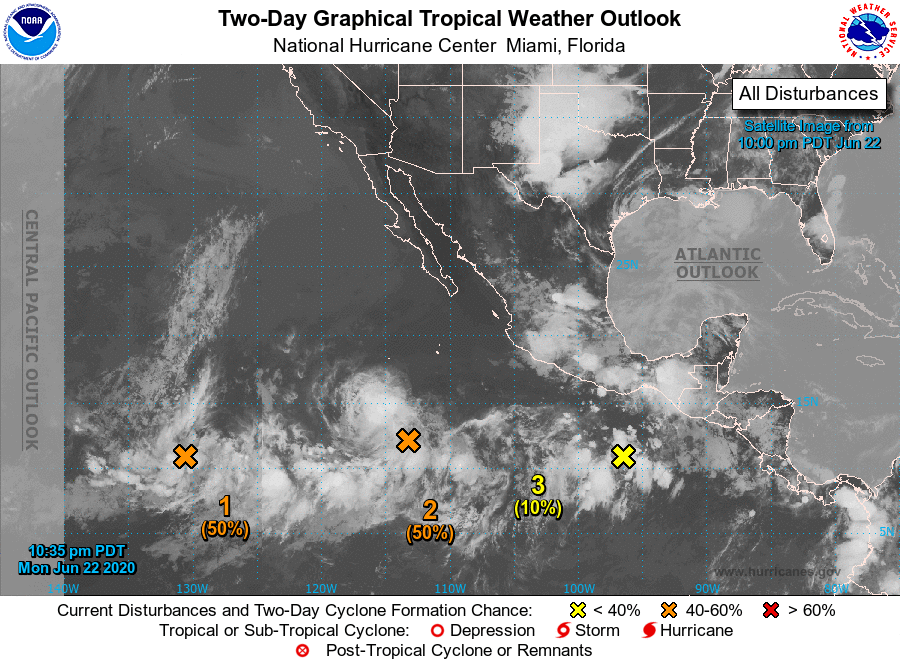
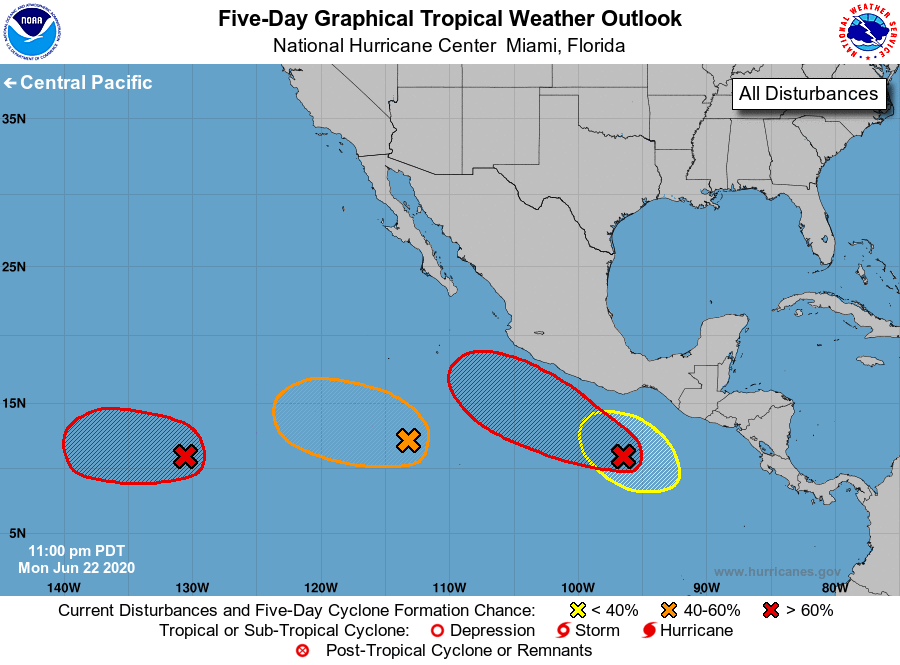
For the eastern North Pacific...east of 140 degrees west longitude:

1. An area of low pressure located more than 1500 miles southwest of the southern tip of the Baja California peninsula continues to show signs of organization. Environmental conditions appear conducive for gradual development, and this system is likely to become a tropical depression during the next few days while it moves slowly westward.
* Formation chance through 48 hours...medium...50 percent.
* Formation chance through 5 days...high...70 percent.

2. An elongated area of low pressure located several hundred miles south-southwest of the southern tip of the Baja California peninsula continues to produce showers and thunderstorms. Although this system has changed little in organization today, gradual development is possible and a tropical depression could form during the next couple of days. The disturbance is forecast to move westward over cooler waters later this week, which should inhibit further development.
* Formation chance through 48 hours...medium...50 percent.
* Formation chance through 5 days...medium...50 percent.

3. Disorganized showers and a few thunderstorms located a few hundred miles south-southwest of the Gulf of Tehuantepec are associated with a tropical wave. Environmental conditions are forecast to become conducive for development in a couple of days, and the system is likely to become a tropical depression by this weekend while the disturbance moves west-northwestward parallel to the coast of Mexico.
* Formation chance through 48 hours...low...10 percent.
* Formation chance through 5 days...high...70 percent.

4. Another area of disturbed weather is forecast to form south of the Gulf of Tehuantepec by late this week. Environmental conditions are expected to be conducive for gradual development of this system over the weekend as it moves west-northwestward parallel to the coast of Mexico.
* Formation chance through 48 hours...low...near 0 percent.
* Formation chance through 5 days...low...20 percent.

Forecaster Blake